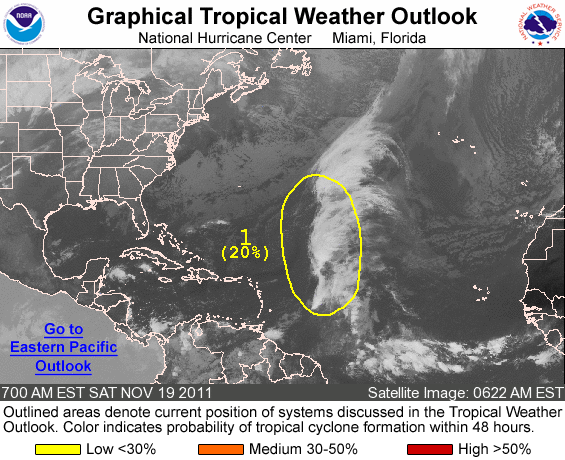
FOR THE NORTH ATLANTIC...CARIBBEAN SEA AND THE GULF OF MEXICO...

1. A BAND OF CLOUDINESS AND SHOWERS OVER THE CENTRAL ATLANTIC OCEAN EXTENDS APPROXIMATELY 800 TO 900 MILES EAST AND NORTHEAST OF THE LEEWARD ISLANDS. THIS ACTIVITY IS ASSOCIATED WITH THE INTERACTION BETWEEN A SURFACE TROUGH...A TROPICAL WAVE...AND AN UPPER-LEVEL LOW. THIS SYSTEM HAS NOT BECOME ANY BETTER ORGANIZED SINCE YESTERDAY...BUT A SLOW DEVELOPMENT IS STILL POSSIBLE. THERE IS A LOW CHANCE...20 PERCENT...OF SUBTROPICAL OR TROPICAL CYCLONE FORMATION DURING THE NEXT 48 HOURS.

ELSEWHERE...TROPICAL CYCLONE FORMATION IS NOT EXPECTED DURING THE NEXT 48 HOURS.

FORECASTER AVILA